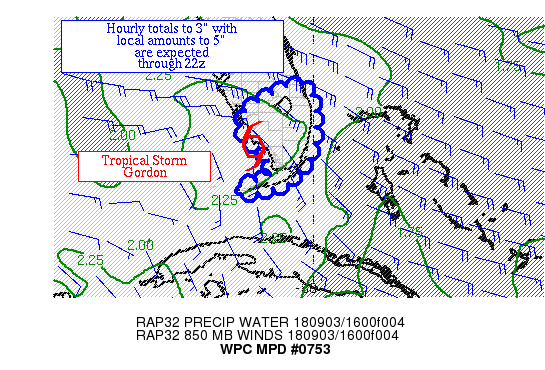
Areas affected...South FL & the Keys

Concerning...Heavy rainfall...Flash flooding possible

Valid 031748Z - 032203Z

Summary...Convergent bands of showers and thunderstorms are
expected today around the southeast side of Tropical Storm Gordon.
 Hourly totals to 3" with additional local amounts to 5" are
possible before Gordon pulls away.

Discussion...Tropical Storm Gordon appears to be intensifying near
25.8N 81.7W at this time south of Marco Island with a forming,
partial eye wall/bounded weak echo region apparent near this
location.  Bands of showers and thunderstorms are streaming into
southern FL from the FL Straits.  Inflow at 850 hPa is convergent
at 20-50 kts per VAD wind profiles and 88D velocity information,
nearly double the mean 850-400 hPa wind.  Precipitable water
values are 2.25-2.5".  ML CAPE values appear to be on the rise
within the warm advection portion of the storm in this area, now
500-2000 J/kg.

The expectation is that bands of convection will attempt to drift
northwestward with time, with the mesoscale guidance shows them
exiting South FL around 22z when the low level flow in the wake of
Gordon becomes increasingly anticyclonic.  Until then, hourly rain
totals to 3" are possible.  The mesoscale guidance has a good
signal for local amounts in the 5" range over the next several
hours, which looks realistic.  These amounts would be most
problematic within urban areas.